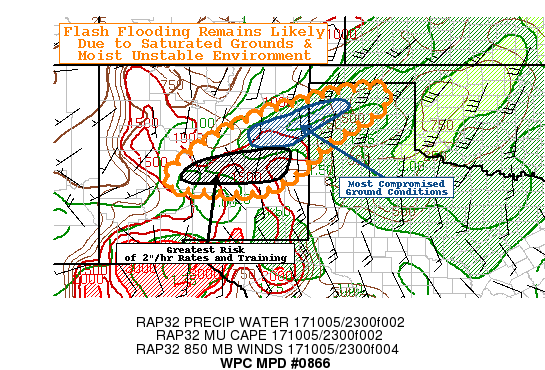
AREAS AFFECTED...CENTRAL/EASTERN NM...NORTHWEST TX PANHANDLE...

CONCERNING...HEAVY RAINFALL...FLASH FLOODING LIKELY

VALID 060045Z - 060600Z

SUMMARY...FLASH FLOODING THREAT REMAINS AS MATURE LINEAR MCS
MARCHES EASTWARD ACROSS NM INTO BETTER MOISTURE/INSTABILITY.
ADDITIONAL 1-2" OF RAIN OVER ALREADY SATURATED SOILS IN NE NM/TX
PANHANDLE.

DISCUSSION...GOES-16 10.3 CLEAR IR LOOP DEPICTS MATURE COOLING
CLOUD TOPPED COMPLEX ACROSS CENTRAL NM EXTENDING TOWARD
WANING/WARMING CELLS CROSSING OUT OF NE NM INTO THE NORTHERN TX
PANHANDLE.  RAP ANALYSIS AND FORECAST SUGGEST A POOL OF REMAINING
INSTABILITY WITH UP TO 2000 J/KG MUCAPES OVER EAST CENTRAL NM FED
BY SLIGHTLY INCREASING SELY LOW LEVEL INFLOW.  LLJ IS EXPECTED TO
INCREASE AROUND 04Z AND VEER SLIGHTLY TOWARD MORE SOUTHERLY
REDUCING FORWARD PROPAGATION OF THE COMPLEX ACROSS EASTERN
NM...ALLOWING FOR INCREASED DURATION/CELL MERGERS.  INCREASING
TPWS UP TO 1.7" AND INSTABILITY SUGGEST RATES OF 2"/HR REMAIN
POSSIBLE WITH SWATHS OF 1-3" TOTALS LIKELY THROUGH 06Z WITH
ISOLATED EMBEDDED TOTALS UP TO 4" NOT OUT OF THE REALM OF
POSSIBILITY CONTINUING THE FLASH FLOOD THREAT.  THIS AREA HAS BEEN
LESS AFFECTED BY THE RECENT HEAVY RAINFALL OVER RECENT NIGHTS BUT
GENERALLY HYDROPHOBIC/HARD-PAN SOIL CONDITIONS LEAD TO LOW FFG
VALUES ACROSS THE AREA AND A GOOD PROBABILITY FOR FLASH FLOODING.

WARMER/REDUCED MID-LEVEL LAPSE RATES EXIST ACROSS MUCH OF THE CAP
ROCK/PERMIAN BASIN IN TX HELPING TO STABILIZE THAT AREA AND LIMIT
FORWARD PROGRESSION OF CELLS INTO TX.  HOWEVER...AXIS OF RETURN
FLOW RESIDES OVER THE THE N TX & OK PANHANDLES ALLOWING FOR
INCREASED MOISTURE BUT ALSO SOME SLIGHTLY STEEPER LAPSE RATES (PER
00Z AMA SOUNDING) AND SOME LINGERING MID-LEVEL INSTABILITY UP TO
500-750 J/KG.  THIS SHOULD STILL SUPPORT LINGERING MODEST SHOWERS
UP TO 1"/HR WITH SOME POSSIBLE EMBEDDED SMALL CONVECTIVE ELEMENTS
THROUGH 06Z.  WHILE NOT EXTREME THESE RATES MAY EXACERBATE ONGOING
FLOODING ACROSS THE AREA BEFORE FADING SLOWLY AROUND 06-08Z.